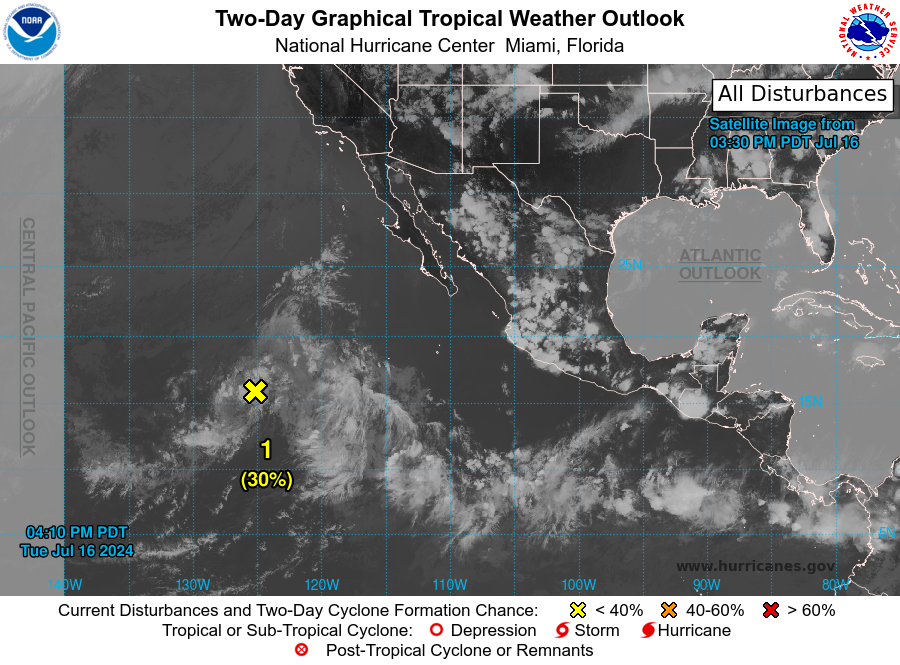
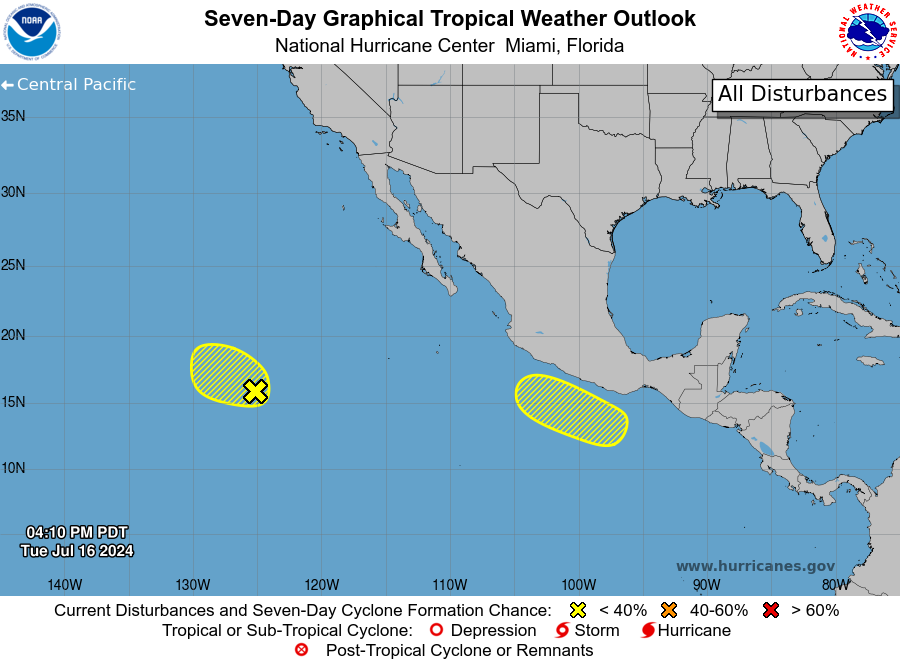
For the eastern North Pacific...east of 140 degrees west longitude:

1. Western East Pacific (EP92): A broad, elongated area of low pressure located several hundred miles southwest of the southern tip of the Baja California peninsula continues to produce a large area of disorganized showers and thunderstorms. While a tropical depression could still form during the next day or two, the window for further development is shortening with stronger upper-level winds and cooler waters anticipated on Thursday. The system is forecast to move west- northwestward at 10-15 mph across the western part of the basin.
* Formation chance through 48 hours...low...30 percent.
* Formation chance through 7 days...low...30 percent.

2. South of Southern Mexico: An area of low pressure is likely to form this weekend a few hundred miles south of the coast of southern Mexico. Some slow development of this system is possible early next week while it moves westward to west-northwestward at 10-15 mph.
* Formation chance through 48 hours...low...near 0 percent.
* Formation chance through 7 days...low...20 percent.

Forecaster Blake